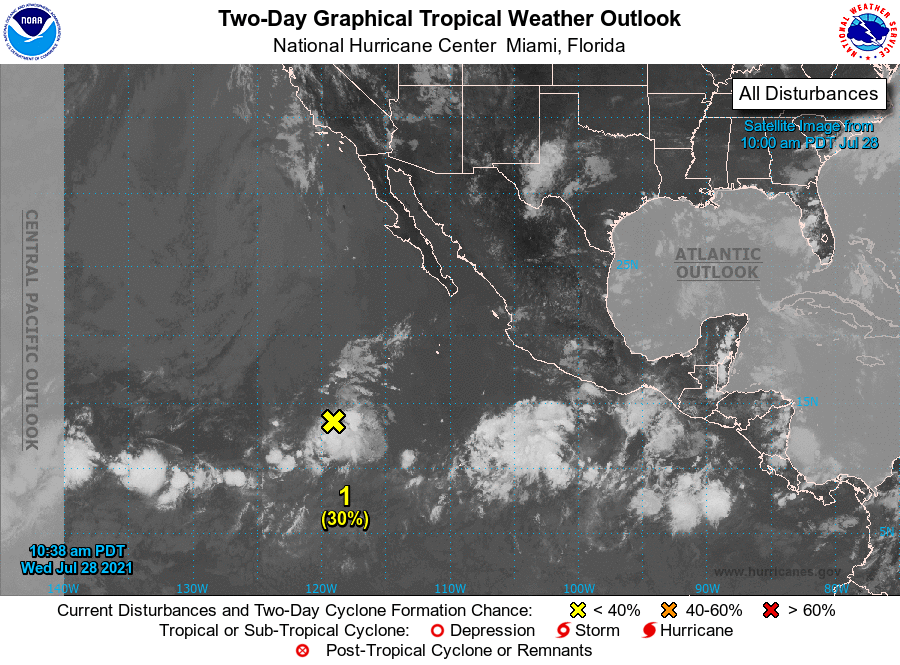
For the eastern North Pacific...east of 140 degrees west longitude:

1. Satellite imagery indicates that an area of low pressure located about 900 miles southwest of the southern tip of the Baja California peninsula continues to produce some showers and thunderstorms, mainly to the east and southeast of its center. Environmental conditions are expected to gradually become more favorable for development during the next couple of days, and a tropical depression could form by this weekend while the system moves generally westward at 5 to 10 mph.
* Formation chance through 48 hours...low...30 percent.
* Formation chance through 5 days...medium...60 percent.

2. A broad area of low pressure is expected to develop during the next few days several hundred miles offshore of the southwestern coast of Mexico. Environmental conditions are forecast to be conducive for some gradual development thereafter, and a tropical depression could form later this weekend or early next week while the system moves westward or west-northwestward at 10 to 15 mph.
* Formation chance through 48 hours...low...near 0 percent.
* Formation chance through 5 days...medium...40 percent.

Forecaster Reinhart/Cangialosi